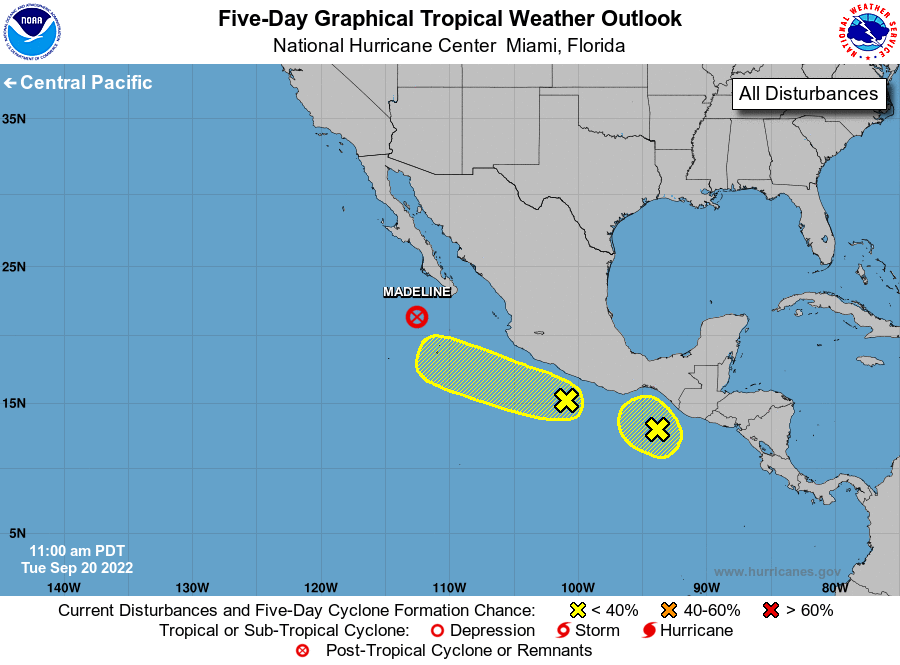
For the eastern North Pacific...east of 140 degrees west longitude:

Active Systems: The National Hurricane Center is issuing advisories on recently downgraded Tropical Depression Madeline, located a couple of hundred miles southwest of the southern tip of the Baja California peninsula.

1.

1. South of Southwestern Mexico: A trough of low pressure is producing disorganized shower and thunderstorm activity just off the coast of southwestern Mexico. Some slow development of this system is possible while the disturbance moves slowly west-northwestward near the coast of southwestern Mexico during the next few days.
* Formation chance through 48 hours...low...10 percent.
* Formation chance through 5 days...low...20 percent.

2.

2. South of Southern Mexico: Showers and thunderstorms associated with a broad area of low pressure just offshore of southern Mexico remain disorganized. Development, if any, of this system should be slow to occur while it meanders off the coast of southern Mexico through the week.
* Formation chance through 48 hours...low...near 0 percent.
* Formation chance through 5 days...low...20 percent.

Forecaster Cangialosi/Pereira/Montgomery